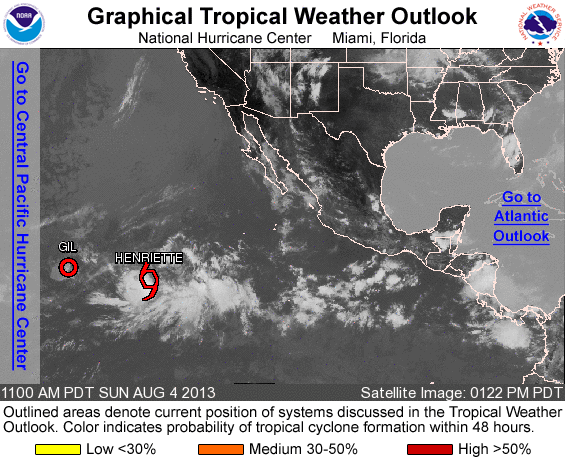
FOR THE EASTERN NORTH PACIFIC...EAST OF 140 DEGREES WEST LONGITUDE..

THE NATIONAL HURRICANE CENTER IS ISSUING ADVISORIES ON TROPICAL DEPRESSION GIL AND RECENTLY UPGRADED TROPICAL STORM HENRIETTE... BOTH LOCATED FAR TO THE SOUTHWEST OF THE BAJA CALIFORNIA PENINSULA.

TROPICAL CYCLONE FORMATION IS NOT EXPECTED DURING THE NEXT 48 HOURS. OTHER SYSTEMS WITH FORMATION POTENTIAL BEYOND 48 HOURS... AN AREA OF LOW PRESSURE IS EXPECTED TO FORM WELL SOUTH OF THE COAST OF MEXICO LATER THIS WEEK. ENVIRONMENTAL CONDITIONS APPEAR FAVORABLE FOR SOME DEVELOPMENT OF THIS SYSTEM AND IT HAS A LOW CHANCE...0 PERCENT...OF BECOMING A TROPICAL CYCLONE DURING THE NEXT 48 HOURS...AND A LOW CHANCE...20 PERCENT...OF BECOMING A TROPICAL CYCLONE DURING THE NEXT 5 DAYS.

&&
FIVE-DAY FORMATION PROBABILITIES ARE EXPERIMENTAL IN 2013. COMMENTS ON THE EXPERIMENTAL FORECASTS CAN BE PROVIDED AT... HTTP://WWW.NWS.NOAA.GOV/SURVEY/NWS-SURVEY.PHP?CODE=ETWO

FORECASTER BROWN